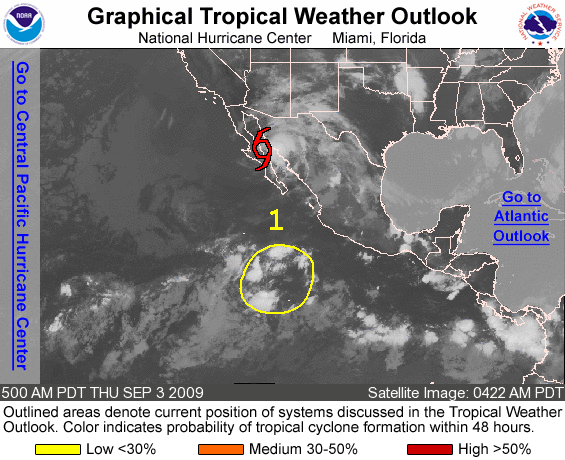
FOR THE EASTERN NORTH PACIFIC...EAST OF 140 DEGREES WEST LONGITUDE..

THE NATIONAL HURRICANE CENTER IS ISSUING ADVISORIES ON TROPICAL STORM JIMENA...LOCATED NEAR THE BAJA CALIFORNIA PENINSULA ABOUT 35 MILES NORTH-NORTHWEST OF SANTA ROSALIA MEXICO.

1. SHOWERS AND THUNDERSTORMS HAVE INCREASED NEAR A BROAD LOW PRESSURE AREA CENTERED ABOUT 700 MILES SOUTH OF THE SOUTHERN TIP OF BAJA CALIFORNIA. UPPER-LEVEL ARE FORECAST TO BECOME MORE CONDUCIVE FOR DEVELOPMENT...AND THERE IS A LOW CHANCE...LESS THAN 30 PERCENT...OF THIS SYSTEM BECOMING A TROPICAL CYCLONE DURING THE NEXT 48 HOURS.

ELSEWHERE...TROPICAL CYCLONE FORMATION IS NOT EXPECTED DURING THE NEXT 48 HOURS.

FORECASTER BLAKE